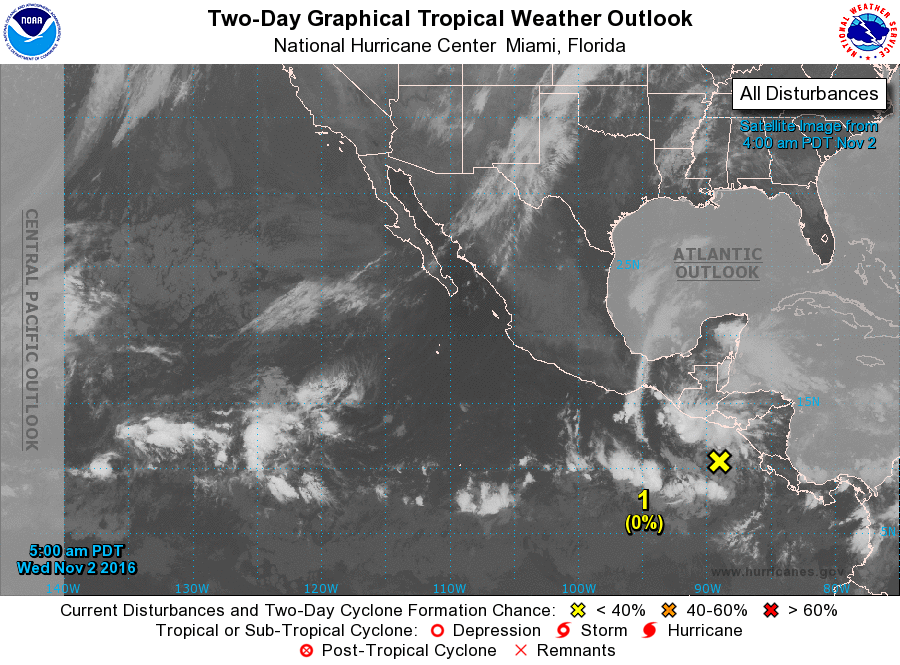
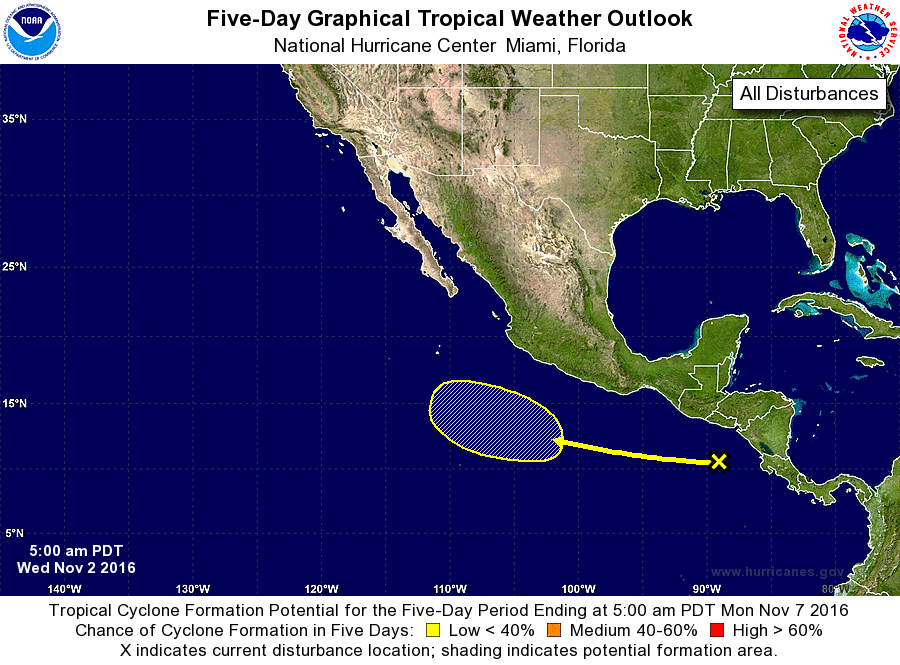
For the eastern North Pacific...east of 140 degrees west longitude:

1. An area of disturbed weather is located a few hundred miles south of the coast of El Salvador. Although environmental conditions are not expected to be conducive for development of this system during the next few days, they could become more favorable this weekend while the disturbance moves westward to west-northwestward.
* Formation chance through 48 hours...low...near 0 percent
* Formation chance through 5 days...low...20 percent

Forecaster Berg